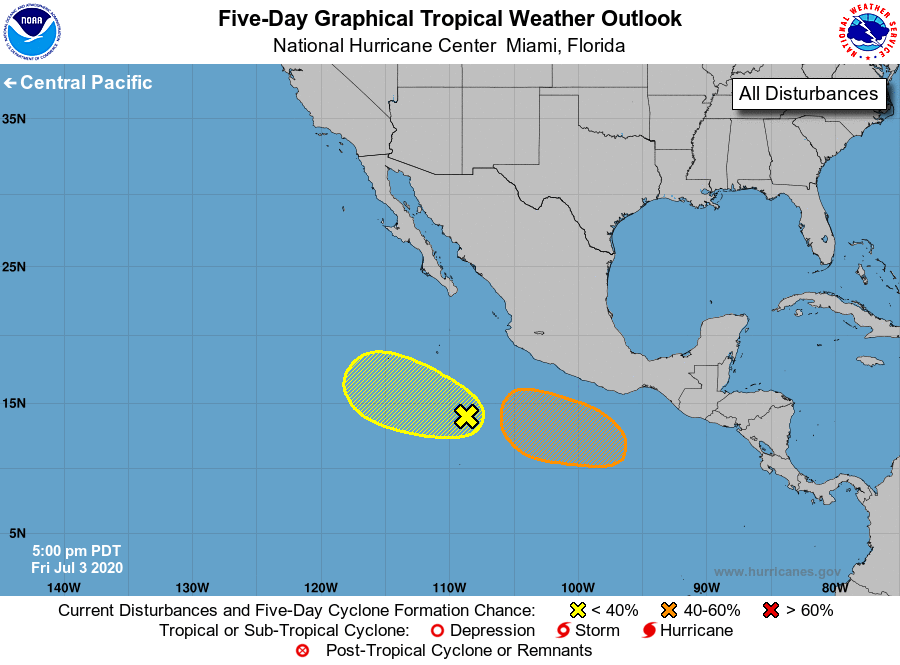
For the eastern North Pacific...east of 140 degrees west longitude:

1. Showers and thunderstorms have become less organized during the past 24 hours in association with a broad area of low pressure located several hundred miles south-southwest of Manzanillo, Mexico. Some slow development of this system is still possible during the next few days while it moves west-northwestward at about 10 mph.
* Formation chance through 48 hours...low...10 percent.
* Formation chance through 5 days...low...30 percent.

2. An area of low pressure is forecast to form south of the coast of southern Mexico in a couple of days. Environmental conditions are expected to be conducive for gradual development, and a tropical depression could form by the middle of next week while it moves west-northwestward, well south of the coast of southern Mexico.
* Formation chance through 48 hours...low...near 0 percent.
* Formation chance through 5 days...medium...50 percent.

Forecaster Blake